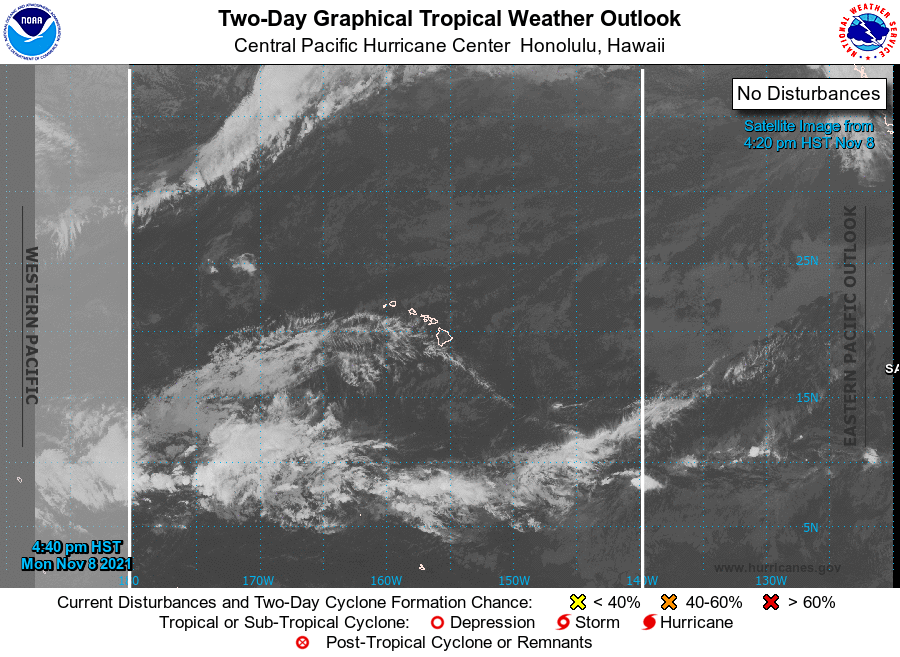
For the central North Pacific...between 140W and 180W:

No tropical cyclones are expected during the next 5 days.

Forecaster Brenchley